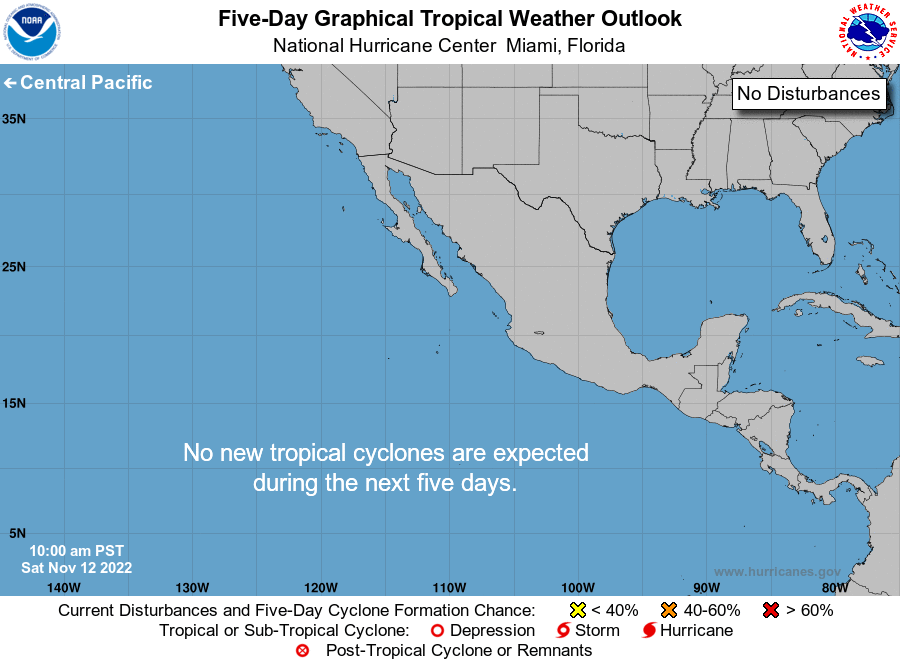
For the eastern North Pacific...east of 140 degrees west longitude:

Tropical cyclone formation is not expected during the next 5 days.

Forecaster Beven